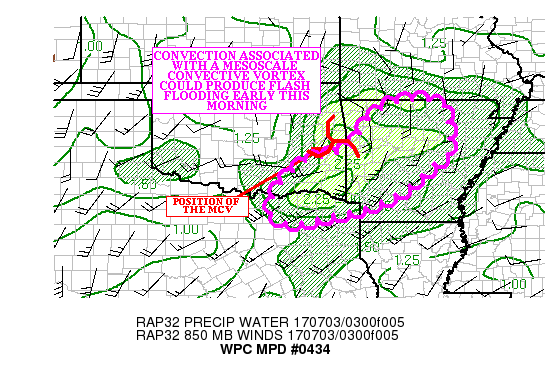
AREAS AFFECTED...SOUTHWEST OK....NORTHEAST TX...WESTERN AND
CENTRAL AR

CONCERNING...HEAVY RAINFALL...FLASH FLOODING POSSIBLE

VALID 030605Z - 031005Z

SUMMARY...CONVECTION ASSOCIATED WITH A LONG LIVED MCV COULD
PROVIDE PRODUCE A FLASH FLOOD THREAT ACROSS SOUTHEAST OK/NORTHEAST
TX INTO MUCH OF WESTERN AR THROUGH THE EARLY MORNING HOURS.

DISCUSSION...MUCH OF THE EARLIER CONVECTION ACROSS SOUTHEAST OK
HAS BECOME OUTFLOW DOMINATED...AS EVIDENCED BY THE LATEST REGIONAL
RADAR LOOP. THE OUTFLOW BOUNDARY HAS PROGRESSED INTO FAR NORTHEAST
TX...AND MAY BE SLOWING ITS SOUTHEAST MOTION. MEANWHILE...A
LONG-LIVED MCV IS CROSSING EASTERN OK INTO WESTERN AR
(AGAIN...BEST VIEWED IN THE REGIONAL RADAR IMAGERY). THE
EXPERIMENTAL GOES 16 CLEAN IR LOOP SHOWED THE CORE OF THE COLDEST
CLOUD TOPS ASSOCIATED WITH THE OUTFLOW BOUNDARY OVER NORTHEAST
TX...AND TRENDS SUGGEST THAT THE CONVECTION HAS REACHED A STEADY
STATE.

AHEAD OF THE MCV...AN AXIS OF 1000-1500 J/KG OF MLCAPE HAS OPENED
UP OVER SOUTHWEST AND CENTRAL AR. THE MOISTURE IS VERY HIGH IN
THIS AXIS...WITH THE LATEST RAP ANALYSIS AND BLENDED TPW IMAGERY
SHOWING PRECIPITABLE WATER VALUES NEAR 2.00 INCHES. IN THE NEAR
TERM...THE GREATEST THREAT FOR FLASH FLOODING APPEAR TO BE AHEAD
OF THE MCV. THE COMBINATION OF INSTABILITY AND DEEP MOISTURE...FED
BY AN INCREASING LOW LEVEL SOUTHWESTERLY FLOW...WOULD SUGGEST THAT
CONVECTION COULD REFIRE OVER PORTIONS OF WESTERN AND CENTRAL AR IN
THE BEST INSTABILITY AXIS.

THE MOST RECENT HRRR RUN SHOWED 3.00 TO 5.00 INCHES OF RAINFALL
AMOUNT OF THE MCV OVER NORTH CENTRAL AR...AND MUCH OF THE
AVAILABLE HIGH RESOLUTION GUIDANCE HAS HIGHER RAINFALL AMOUNTS
ASSOCIATED WITH THE MCV. OTHER SOLUTIONS...LIKE THE 00Z NAM CONUS
NEST AND THE 00Z NSSL WRF...KEY MORE HEAVILY ON THE OUTFLOW
DOMINATED CONVECTION FOR THE HIGHER RAINFALL AMOUNTS.

AT THIS POINT...THE BEST FORCING AND INSTABILITY APPEARS TO BE
LINKED TO THE MCV...AND TO A LESSER DEGREE CONVECTION ON THE
OUTFLOW BOUNDARY INTO FAR NORTHEAST TX. SINCE THERE IS A SPLIT IN
THE GUIDANCE CONCERNING THE PLACEMENT OF THE HIGHER QPF...AND SOME
CONCERN THAT THE FORECAST PROCESSES DO NOT COME INTO PHASE FOR
FLASH FLOODING...THE THREAT FOR FLASH FLOODING APPEARS TO BE
POSSIBLE.